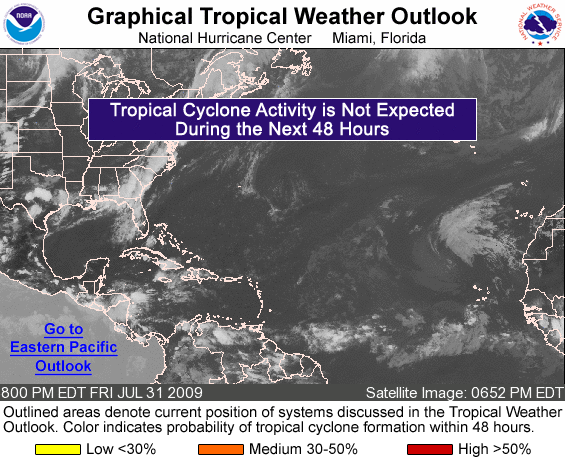
FOR THE NORTH ATLANTIC...CARIBBEAN SEA AND THE GULF OF MEXICO...

TROPICAL CYCLONE FORMATION IS NOT EXPECTED DURING THE NEXT 48 HOURS.

FORECASTER BLAKE